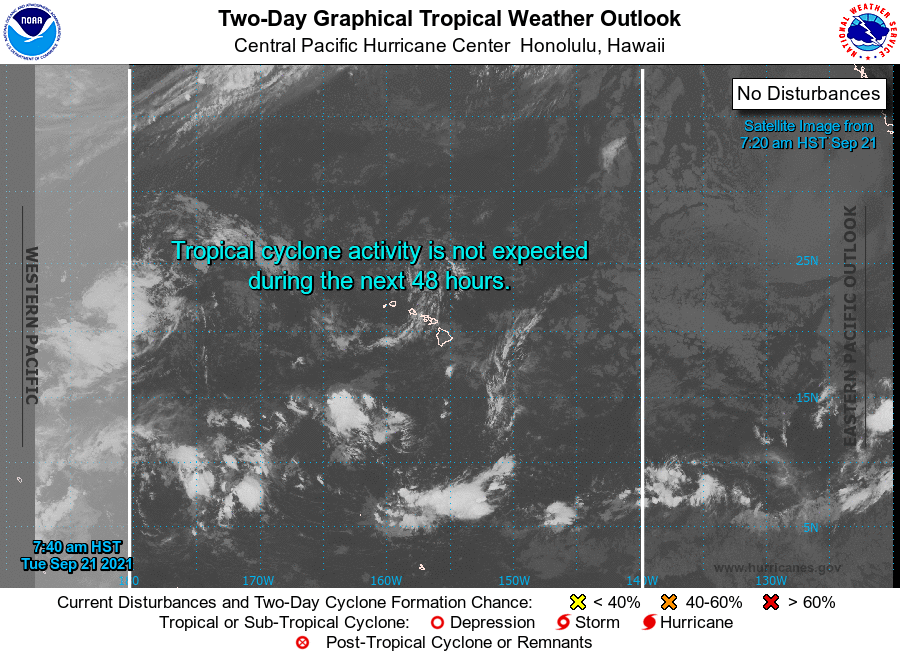
For the central North Pacific...between 140W and 180W:

No tropical cyclones are expected during the next 5 days.

Forecaster Kodama